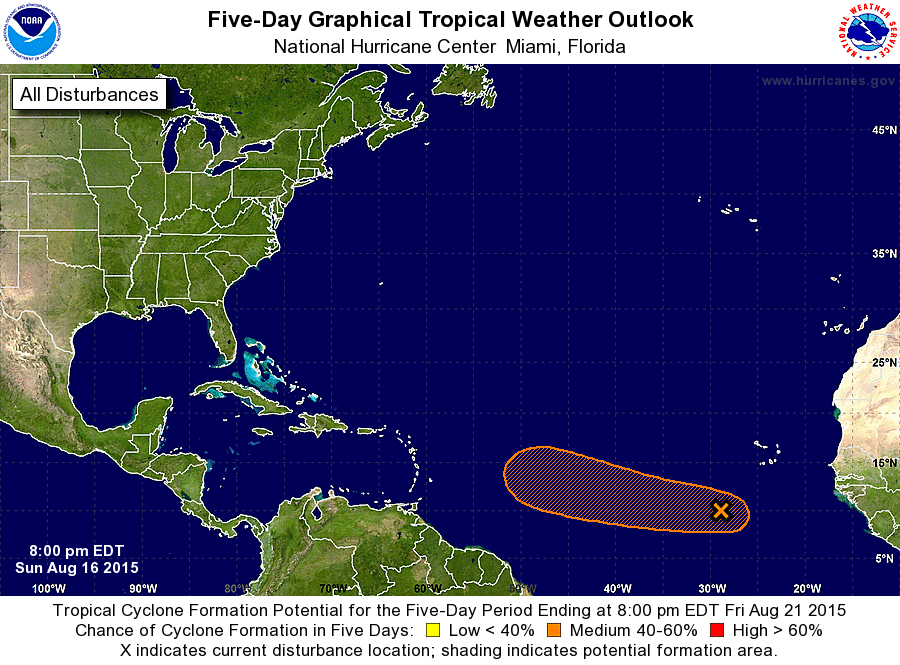
For the North Atlantic...Caribbean Sea and the Gulf of Mexico:

1. Cloudiness and showers associated with a broad area of low pressure located several hundred miles southwest of the Cape Verde Islands are showing some signs of organization. Environmental conditions appear conducive for development of this system during the next few days and a tropical depression could form by midweek while it moves westward near 15 mph.
* Formation chance through 48 hours...medium...50 percent
* Formation chance through 5 days...medium...60 percent

Forecaster Cangialosi